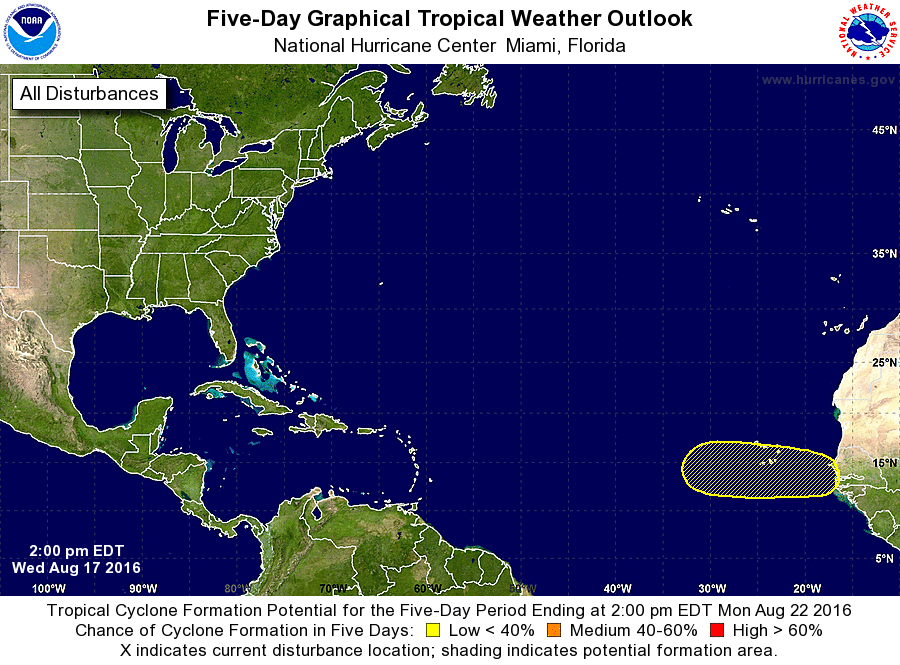
For the North Atlantic...Caribbean Sea and the Gulf of Mexico:

The National Hurricane Center is issuing advisories on Tropical Depression Six located over the central tropical Atlantic.

1. A tropical wave is forecast to move off the coast of Africa on Saturday. Environmental conditions are expected to be somewhat conducive for slow development through early next week while the system moves generally westward and passes near the Cabo Verde Islands over the weekend.
* Formation chance through 48 hours...low...near 0 percent
* Formation chance through 5 days...low...20 percent

Public Advisories on Tropical Depression Six are issued under WMO header WTNT31 KNHC and under AWIPS header MIATCPAT1. Forecast/Advisories on Tropical Depression Six are issued under WMO header WTNT21 KNHC and under AWIPS header MIATCMAT1.

Forecaster Stewart